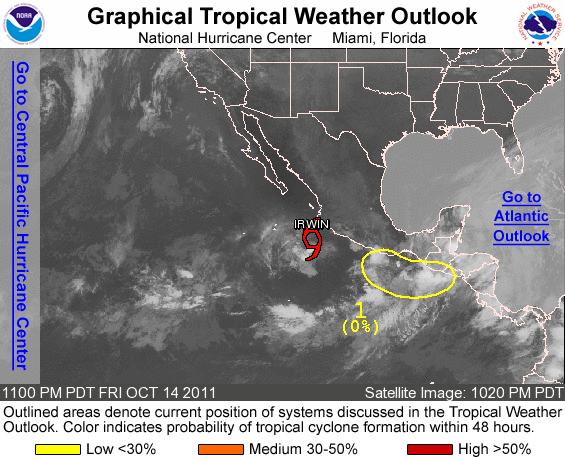
FOR THE EASTERN NORTH PACIFIC...EAST OF 140 DEGREES WEST LONGITUDE..

THE NATIONAL HURRICANE CENTER IS ISSUING ADVISORIES ON TROPICAL STORM IRWIN...LOCATED ABOUT 165 MILES WEST-SOUTHWEST OF MANZANILLO MEXICO.

1. A LARGE AREA OF CLOUDINESS AND THUNDERSTORMS ALONG THE COAST OF CENTRAL AMERICA WESTWARD TO EASTERN MEXICO IS ASSOCIATED WITH A NEARLY STATIONARY TROUGH OF LOW PRESSURE. ALTHOUGH THIS SYSTEM IS NOT EXPECTED TO BECOME A TROPICAL CYCLONE...TORRENTIAL RAINS SHOULD CONTINUE OVER PORTIONS OF THE PACIFIC COAST OF SOUTHEASTERN MEXICO AND CENTRAL AMERICA...RESULTING IN LIFE-THREATENING FLASH FLOODS AND MUD SLIDES. THIS SYSTEM HAS A LOW CHANCE...NEAR 0 PERCENT...OF BECOMING A TROPICAL CYCLONE DURING THE NEXT 48 HOURS.

ELSEWHERE...TROPICAL CYCLONE FORMATION IS NOT EXPECTED DURING THE NEXT 48 HOURS.

FORECASTER BLAKE